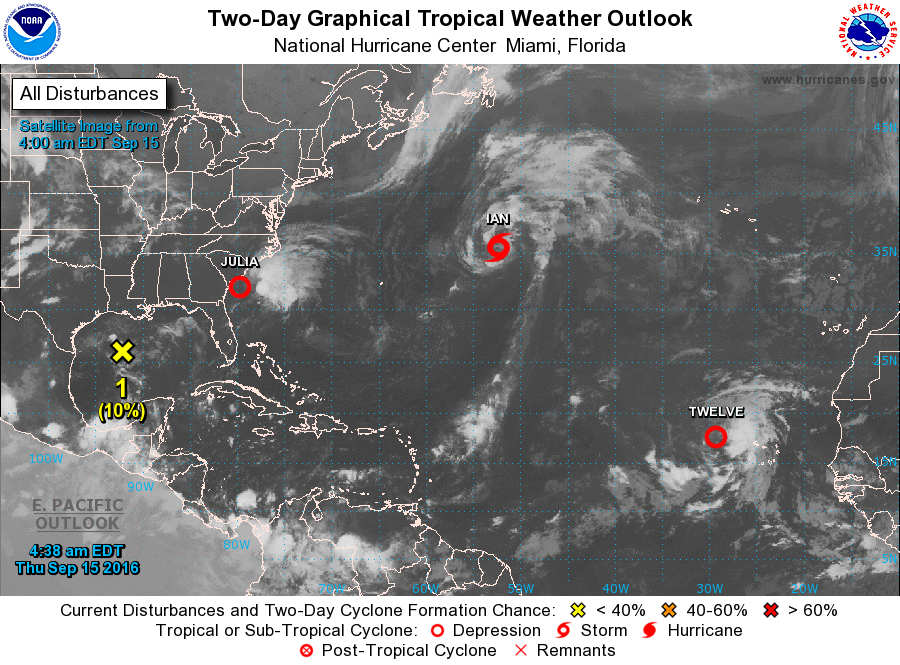
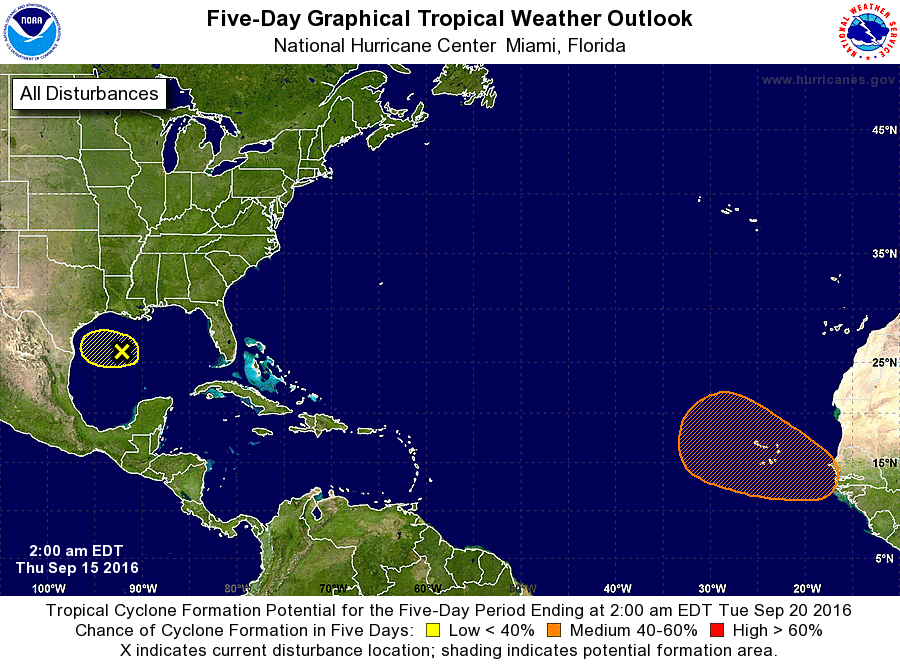
For the North Atlantic...Caribbean Sea and the Gulf of Mexico:

The National Hurricane Center is issuing advisories on Tropical Storm Ian, located well to the east-northeast of Bermuda, on Tropical Storm Julia, located offshore of the South Carolina coast, and on Tropical Depression Twelve, located west-northwest of the Cabo Verde Islands.

1. A large area of cloudiness over the northwestern Gulf of Mexico is associated with a broad area of low pressure. Environmental conditions are not conducive for significant development of this system while it moves westward toward the Texas coast during the next day or two.
* Formation chance through 48 hours...low...10 percent
* Formation chance through 5 days...low...10 percent

2. A tropical wave is expected to move off of the west coast of Africa by late Friday, and then move generally west-northwestward over the far eastern Atlantic. Initially, conditions are expected to be conducive for some development of this system after it moves offshore, but these conditions are forecast to become less favorable by early next week.
* Formation chance through 48 hours...low...near 0 percent
* Formation chance through 5 days...medium...50 percent

Public Advisories on Tropical Depression Twelve are issued under WMO header WTNT32 KNHC and under AWIPS header MIATCPAT2. Forecast/Advisories on Tropical Depression Twelve are issued under WMO header WTNT22 KNHC and under AWIPS header MIATCMAT2.

Forecaster Brennan